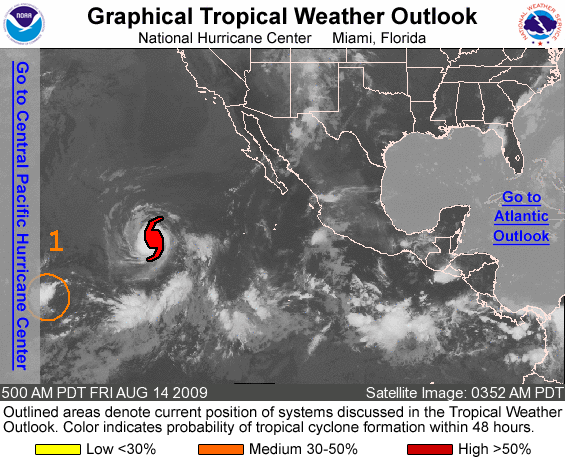
FOR THE EASTERN NORTH PACIFIC...EAST OF 140 DEGREES WEST LONGITUDE..

THE NATIONAL HURRICANE CENTER IS ISSUING ADVISORIES ON HURRICANE GUILLERMO...LOCATED ABOUT 1130 MILES WEST-SOUTHWEST OF THE SOUTHERN TIP OF BAJA CALIFORNIA.

1. AN AREA OF DISORGANIZED SHOWERS AND THUNDERSTORMS HAVE DEVELOPED THIS MORNING IN ASSOCIATION WITH THE REMNANT LOW OF TROPICAL DEPRESSION NINE-E...LOCATED ABOUT 1230 MILES EAST-SOUTHEAST OF THE HAWAIIAN ISLANDS. ENVIRONMENTAL CONDITIONS STILL APPEAR SOMEWHAT FAVORABLE FOR RE-DEVELOPMENT OF THIS SYSTEM AS IT DRIFTS TOWARD THE WEST-SOUTHWEST OR WEST. THERE IS A MEDIUM CHANCE...30 TO 50 PERCENT...OF THIS SYSTEM BECOMING A TROPICAL CYCLONE AGAIN DURING THE NEXT 48 HOURS.

ELSEWHERE...TROPICAL CYCLONE FORMATION IS NOT EXPECTED DURING THE NEXT 48 HOURS.

FORECASTER ROBERTS/BEVEN